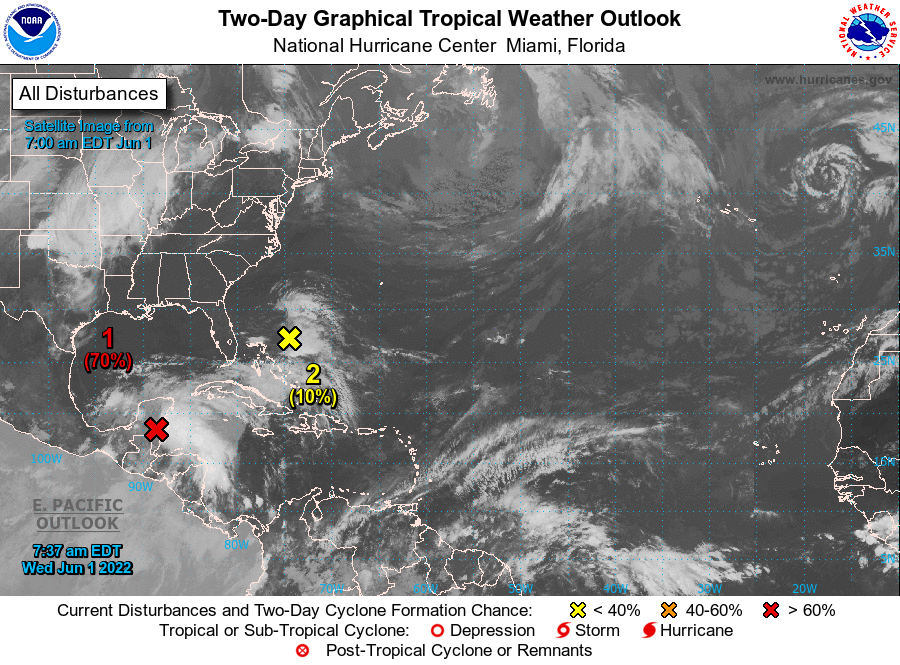
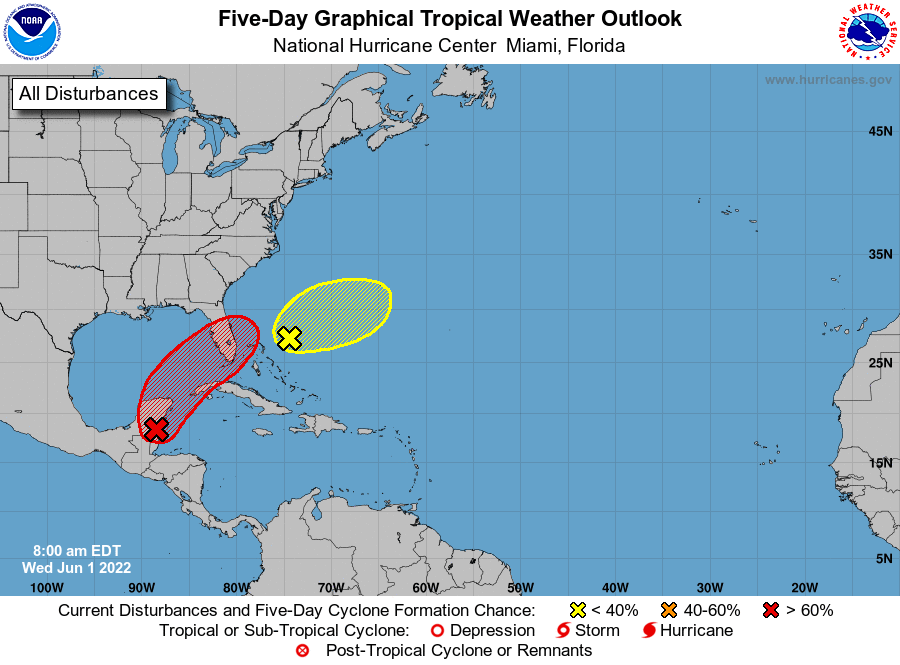
For the North Atlantic...Caribbean Sea and the Gulf of Mexico:

1. Near the Yucatan Peninsula and Southeastern Gulf of Mexico: A large area of disorganized showers and thunderstorms located over the northwestern Caribbean Sea and Yucatan Peninsula is associated with a broad area of low pressure. Environmental conditions appear conducive for gradual development, and this system is likely to become a tropical depression while it moves northeastward over the northwestern Caribbean Sea and southeastern Gulf of Mexico during the next couple of days. Regardless of development, locally heavy rainfall is likely across portions of southeastern Mexico, the Yucatan Peninsula, and Belize during the next day or so, spreading across western Cuba, South Florida, and the Florida Keys on Friday and Saturday. Interests in the Yucatan Peninsula, western Cuba, the Florida Keys, and the Florida Peninsula should monitor the progress of this system.
* Formation chance through 48 hours...high...70 percent.
* Formation chance through 5 days...high...80 percent.

2. Southwestern Atlantic northeast of the Bahamas: A weak surface trough located around 200 miles northeast of the central Bahamas is producing disorganized shower activity as it interacts with an upper-level trough. Surface pressures are currently high across the area, and significant development of this system appears unlikely as it moves generally east-northeastward over the next several days away from the southeastern United States.
* Formation chance through 48 hours...low...10 percent.
* Formation chance through 5 days...low...10 percent.

Today marks the first day of the Atlantic hurricane season, which will run until November 30. Long-term averages for the number of named storms, hurricanes, and major hurricanes are 14, 7, and 3, respectively.

The list of names for 2022 is as follows:

Name Pronunciation Name Pronunciation ------------------------------------------------------------- Alex AL-leks Lisa LEE-suh Bonnie BAH-nee Martin MAR-tin Colin KAH-lihn Nicole nih-KOHL Danielle dan-YELL Owen OH-uhn Earl URR-ull Paula PAHL-luh Fiona fee-OH-nuh Richard RIH-churd Gaston ga-STAWN Shary SHAHR-ee Hermine her-MEEN Tobias toh-BEE-uss Ian EE-an Virginie vir-JIN-ee Julia JOO-lee-uh Walter WALL-tur Karl KAR-ull

This product, the Tropical Weather Outlook, briefly describes significant areas of disturbed weather and their potential for tropical cyclone formation during the next five days. The issuance times of this product are 2 AM, 8 AM, 2 PM, and 8 PM EDT. After the change to standard time in November, the issuance times are 1 AM, 7 AM, 1 PM, and 7 PM EST.

A Special Tropical Weather Outlook will be issued to provide updates, as necessary, in between the regularly scheduled issuances of the Tropical Weather Outlook. Special Tropical Weather Outlooks will be issued under the same WMO and AWIPS headers as the regular Tropical Weather Outlooks.

A standard package of products, consisting of the tropical cyclone public advisory, the forecast/advisory, the cyclone discussion, and a wind speed probability product, is issued every six hours for all ongoing tropical cyclones. In addition, a special advisory package may be issued at any time to advise of significant unexpected changes or to modify watches or warnings.

The Tropical Cyclone Update is a brief statement to inform of significant changes in a tropical cyclone or to post or cancel watches or warnings. It is used in lieu of or to precede the issuance of a special advisory package. Tropical Cyclone Updates, which can be issued at any time, can be found under WMO header WTNT61-65 KNHC, and under AWIPS header MIATCUAT1-5.

All National Hurricane Center text and graphical products are available on the web at https://www.hurricanes.gov. More information on NHC text products can be found at https://www.hurricanes.gov/aboutnhcprod.shtml, while more information about NHC graphical products can be found at https://www.hurricanes.gov/aboutnhcgraphics.shtml.

You can also interact with NHC on Facebook at https://www.facebook.com/NWSNHC. Notifications are available via Twitter when select National Hurricane Center products are issued. Information about our Atlantic Twitter feed (@NHC_Atlantic) is available at https://www.hurricanes.gov/twitter.php.

Forecaster Brown/Bucci